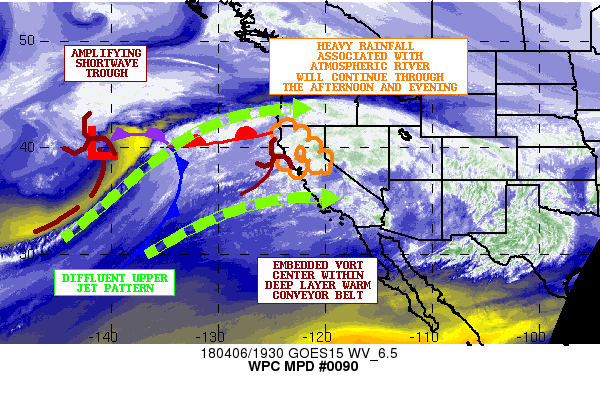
AREAS AFFECTED...NORTHERN/CENTRAL CA...INCLUDING THE NORTHERN
SIERRA-NEVADA

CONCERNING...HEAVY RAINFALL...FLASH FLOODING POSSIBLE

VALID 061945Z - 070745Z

SUMMARY...ATMOSPHERIC RIVER CONDITIONS CONTINUE ACROSS CENTRAL AND
NORTHERN CA. HEAVY RAINFALL WILL CONTINUE THROUGH THE DAY WITH
INCREASING CONCERNS FOR RUNOFF PROBLEMS AND LOCALIZED FLASH
FLOODING AS RAINFALL RATES INCREASE FURTHER.

DISCUSSION...THE LATEST GOES-15 WV IMAGERY SHOWS A DEEP LAYER
SOUTHWEST PLUME OF MOISTURE AND EMBEDDED SHORTWAVE ENERGY TAKING
AIM ON CENTRAL AND NORTHERN CA IN ASSOCIATION WITH A WELL-DEFINED
ATMOSPHERIC RIVER. ALL OF THIS IS FOCUSING OUT AHEAD OF AN
AMPLIFYING SHORTWAVE TROUGH ALONG AND WEST OF 140W. THE MOISTURE
ANOMALIES ARE EXTREMELY IMPRESSIVE...WITH ESSENTIALLY A WIDESPREAD
AXIS OF NEAR-RECORD OR RECORD PWATS FOR THIS TIME OF THE YEAR
EMBEDDED WITHIN THE DEEP LAYER WARM CONVEYOR BELT. IN SOME CASES
THE PWATS ARE OVER 1.75 INCHES OFFSHORE...AND EVEN AREAS OF
CENTRAL CA JUST NORTH OF THE SAN FRANCISCO BAY AREA ARE SEEING
GPS-DERIVED PWATS OVER THE LAST COUPLE OF HOURS OF 1.6 TO 1.7
INCHES WHICH WOULD DECIDEDLY BE AN ALL-TIME RECORD FOR THE MONTH
OF APRIL.

BROAD AND RELATIVELY STRONG ISENTROPIC LIFT DOWNWIND OF THE UPPER
TROUGH COUPLED WITH THE ANOMALOUS MOISTURE TRANSPORT WILL CONTINUE
TO FOCUS MODERATE TO HEAVY RAINFALL ACROSS CENTRAL AND ESPECIALLY
NORTHERN CA GOING THROUGH THE AFTERNOON AND EVENING
HOURS...HOWEVER EXPECT THERE TO BE SOME INCREASE IN THE RAINFALL
RATES AS THE LOW LEVEL WIND FIELD INCREASES AND BECOMES ORIENTED
ORTHOGONAL TO THE COASTAL RANGES WHICH WILL ENHANCE OROGRAPHIC
ASCENT. THIS WILL BE AIDED ALSO BY A DIFFLUENT UPPER JET STRUCTURE
ALOFT AND EMBEDDED VORT ENERGY FOR PERIODICALLY ENHANCED LIFT.

RAINFALL RATES THUS FAR HAVE GENERALLY REMAINED CLOSE TO A 0.25
INCH/HR AND OCCASIONALLY REACHING TO NEAR A 0.50 INCH/HR...BUT
OVER THE NEXT SEVERAL HOURS...EXPECT RAINFALL RATES TO BEGIN
LOCALLY REACHING UP INTO THE 0.50-0.75 INCH/HR RANGE NORTH OF THE
SAN FRANCISCO BAY AREA. ALREADY AS MUCH AS 2 TO 4 INCHES OF RAIN
HAS OCCURRED ACROSS PARTS OF MENDOCINO...LAKE AND SONOMA COUNTIES
AND THESE AREAS WILL LIKELY SEE SOME OF THE HEAVIEST ADDITIONAL
RAINFALL THROUGH THIS EVENING WITH ADDITIONAL TOTALS THROUGH
MIDNIGHT OF 3 TO 5 INCHES POSSIBLE. SOMEWHAT LESSER AMOUNTS ARE
EXPECTED FARTHER NORTH UP OVER HUMBOLDT AND TRINITY COUNTIES. ALL
OF THIS IS CONSISTENT WITH THE LATEST HIRES CAM CONSENSUS
INCLUDING THE HRRR.

FARTHER INLAND...EXPECT HEAVY RAINFALL TO FOCUS ACROSS THE
FOOTHILLS AND WEST-FACING SLOPES OF THE SIERRA-NEVADA. THE DEPTH
OF WARM AIR IS QUITE HIGH AND EVEN THE HIGHER PEAKS OF THE SIERRA
WILL GENERALLY BE SEEING RAIN WITH THIS EVENT. ADDITIONAL RAINFALL
AMOUNTS HERE OF AS MUCH AS 3 TO 4 INCHES WILL BE POSSIBLE TOO
THROUGH MIDNIGHT.

GIVEN THE ADDITIONAL RAINFALL TOTALS WITH THIS EVENT...THERE WILL
BE GROWING AND LOCALLY SIGNIFICANT CONCERNS FOR RUNOFF
PROBLEMS...INCLUDING MUDSLIDES AND POSSIBLE DEBRIS FLOWS. SOME
ISOLATED FLASH FLOODING WILL BE POSSIBLE IN AND AROUND ANY BURN
SCAR AREAS. WILL CONTINUE TO MONITOR.